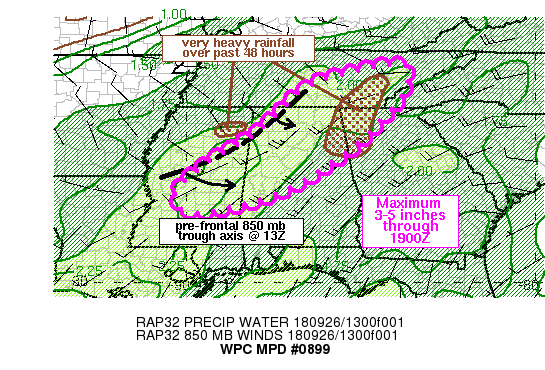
Areas affected...central MS into northern AL, northwestern GA and
eastern TN

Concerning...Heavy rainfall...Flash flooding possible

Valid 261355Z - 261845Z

Summary...Maximum rainfall of 3-5 inches is expected for a couple
of locations across central MS into northern AL, northwestern GA
and eastern TN through 19Z. Overlap with wet antecedent conditions
may produce flash flooding.

Discussion...Earlier heavy rainfall near Tupelo, MS  was reported
to be 4-7 inches since 04Z with rain rates between 1 to 2.5 in/hr.
Regional radar imagery as of 1330Z showed that heavy rainfall had
shifted east of Tupelo to the north-central MS/AL border, with
repeating rounds of heavy rain extending east-northeastward into
southern TN and northwestern GA. Radar estimates and ground truth
supported localized rainfall rates of 1-2 in/hr across southern TN
into northern AL. This activity was occurring just ahead of a
pre-frontal 850 mb trough axis extending southwest to northeast
across MS/AL/TN at 1330Z according to VAD wind plots. Precipitable
water values ahead of the 850 mb trough axis ranged from 2.0 to
2.4 inches via GPS and RAOB data from 12Z, with 20-30 kt 850 mb
flow from the southwest. The wet bulb zero height at JAN was just
shy of 15 kft, supportive of efficient warm rain processes. Aloft,
12Z upper air data at 250 mb showed a max in diffluence over the
tri-state region of TN/AL/GA.

Short term forecasts show the 850 mb trough axis slowly pivoting
eastward with a slight weakening of 850 mb flow. However, deep
moisture and only 20 kt of 850-300 mb mean flow supports near zero
Corfidi Vector magnitudes which would be supportive of training
across portions of the Gulf Coast states into the foothills of the
southern Appalachians. Forecast instability over eastern TN of
250-750 J/kg may limit rainfall rates across northern locations of
the MPD threat area, but in the vicinity of Chattanooga, 4-6
inches of rainfall over the past 48 hours has saturated soils
increasing the threat for flash flooding. Farther south into
central MS and central AL, Flash Flood Guidance is higher, but
greater instability should help to support rainfall rates in
excess of 2 in/hr which may cause flash flooding in more sensitive
 locations.